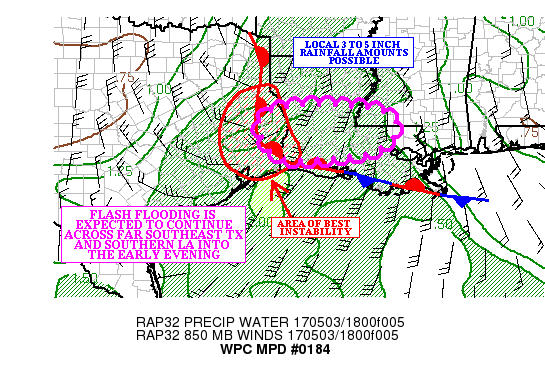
AREAS AFFECTED...FAR SOUTHEAST TX...CENTRAL AND SOUTHERN LA...FAR
SOUTHWEST MS

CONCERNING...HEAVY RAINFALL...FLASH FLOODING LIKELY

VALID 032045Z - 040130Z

SUMMARY...FLASH FLOODING IS EXPECTED TO CONTINUE AS CONVECTION
TRACKS ACROSS AREAS WITH SATURATED SOILS INTO THE EARLY EVENING
HOURS.

DISCUSSION...THE REGIONAL RADAR MOSAIC CONTINUED TO SHOW
CONVECTION TO FORM OVER FAR EASTERN TX IN AN AXIS OF 1500 TO 3000
J/KG OF MLCAPE. THE LATEST EXPERIMENTAL GOES 16 IR IMAGERY SHOWED
AN EXPANDING AREA OF COOLING TOPS WITH THE CONVECTION...AS IT
TRACKS INTO PORTIONS OF WEST CENTRAL LA. THE CONVECTION IS FORMING
IN AN AXIS OF 1.75 INCH PRECIPITABLE WATER AIR (PER THE LATEST
BLENDED TPW PRODUCT AND THE LATEST RAP ANALYSIS.

THE KPOE RADAR SHOWED HOURLY RAINFALL RATES NEAR 2.00 INCHES WITH
THIS ACTIVITY...BUT RECENT SPOTTER REPORTS SUGGEST THAT THESE
VALUES COULD BE HAIL CONTAMINATED. FURTHER SOUTH...CLOSER TO THE
LA COAST...EARLIER CONVECTION HAS RESULTED IN A MORE STABLE
ENVIRONMENT. THIS IS REFLECTED IN THE DOWNTICK OF CONVECTIVE
ACROSS FAR SOUTHERN LA.

THE DROP OFF IN THE CONVECTION NEAR THE COAST IS IMPORTANT...AS
THERE IS A SPLIT IN THE HIGH RESOLUTION GUIDANCE WITH RESPECT TO
THE PLACEMENT OF THE AXIS OF MAXIMUM QPF. THE 12Z WRF-ARW IS
PLACING HIGHEST QPF MAXIMUM (BETWEEN 4.00 AND 6.00 INCHES) FURTHER
SOUTH...STRETCHING FROM FAR SOUTHEAST TX TO JUST NORTH OF THE
SOUTHERN LA COAST. BASED ON THE CURRENT RADAR TRENDS...THIS MAY BE
TOO FAR SOUTH.

OTHER HIGH RESOLUTION GUIDANCE (SUCH AS THE LATEST HRRR) IS
FURTHER NORTH...CLOSE TO WHERE THE CONVECTION IS FLARING IN THE
BEST INSTABILITY GRADIENT. THERE IS STRONG HIGH RESOLUTION MODEL
SIGNAL FOR LOCAL 3.00 TO 5.00 INCH QPF AMOUNT) WHERE THE
CONVECTION TRAINS.

BASED ON SPOTTER REPORTS AND THE LATEST HRRR SOIL SATURATION
PRODUCT INDICATED SATURATED SOILS OVER MUCH OF CENTRAL AND
SOUTHERN LA...SO THE ADDITIONAL RAINFALL IS EXPECTED TO EXACERBATE
ONGOING FLOODING... AS WELL AS PRODUCE NEW AREAS OF FLOODING INTO
SOUTH CENTRAL LA.

THE POTENTIAL FOR ADDITIONAL FLOODING EXISTS BEYOND THE VALID TIME
OF THIS MPD... AND THAT POTENTIAL WILL BE ADDRESSED IN SUBSEQUENT
MESSAGES.